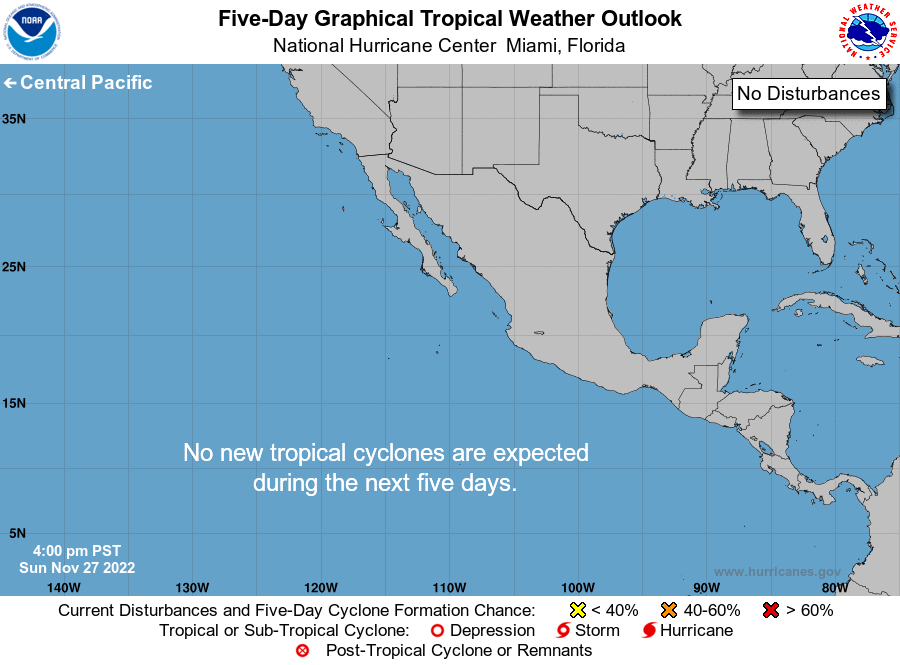
For the eastern North Pacific...east of 140 degrees west longitude:

Tropical cyclone formation is not expected during the next 5 days.

Forecaster Brown